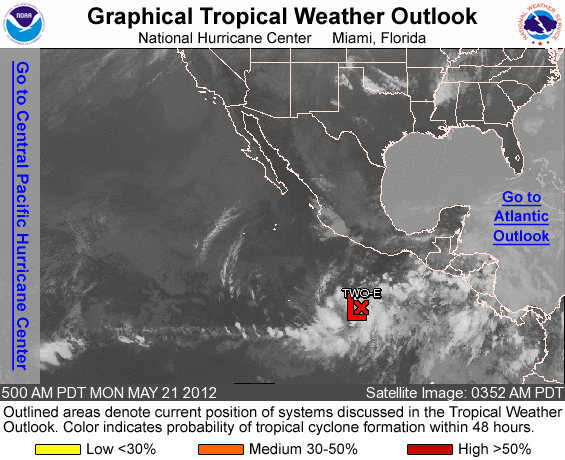
FOR THE EASTERN NORTH PACIFIC...EAST OF 140 DEGREES WEST LONGITUDE..

THE NATIONAL HURRICANE CENTER IS ISSUING ADVISORIES ON TROPICAL DEPRESSION TWO-E...LOCATED ABOUT 520 MILES SOUTH OF ACAPULCO MEXICO.

ELSEWHERE...TROPICAL CYCLONE FORMATION IS NOT EXPECTED DURING THE NEXT 48 HOURS.

&&
PUBLIC ADVISORIES ON TROPICAL DEPRESSION TWO-E ARE ISSUED UNDER WMO HEADER WTPZ32 KNHC AND UNDER AWIPS HEADER MIATCPEP2. FORECAST/ADVISORIES ON TWO-E ARE ISSUED UNDER WMO HEADER WTPZ22 KNHC AND UNDER AWIPS HEADER MIATCMEP2.

FORECASTER BERG